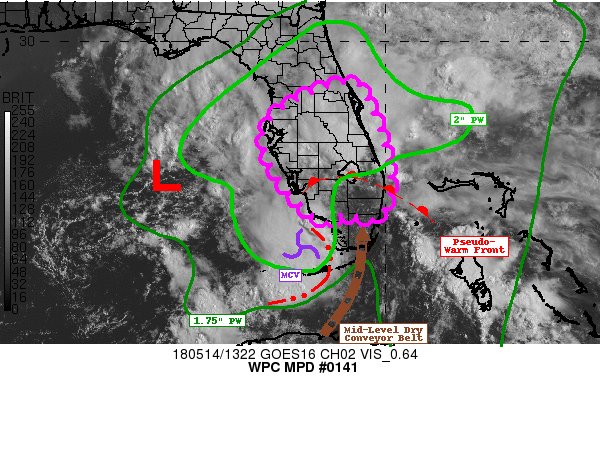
AREAS AFFECTED...CENTRAL AND SOUTH FLORIDA

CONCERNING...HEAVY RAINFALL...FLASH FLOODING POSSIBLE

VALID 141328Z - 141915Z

SUMMARY...HEAVY RAINFALL IS LIKELY ACROSS PORTIONS OF SOUTH AND
CENTRAL FLORIDA TODAY ESPECIALLY TO THE NORTH OF THE ALLIGATOR
ALLEY 1-75 CORRIDOR. HOURLY RAIN RATES COULD EXCEED 2 IN/HR IN THE
HEAVIEST RAIN BANDS...WITH LOCALIZED FLASH FLOODING POSSIBLE.

DISCUSSION...REGIONAL RADAR MOSAICS SHOWED NUMEROUS SHOWERS AND
THUNDERSTORMS ACROSS FLORIDA THIS MORNING...IN THE BROAD CYCLONIC
FLOW AROUND AN AREA OF WEAK LOW PRESSURE IN THE EASTERN GULF OF
MEXICO. IN THE FLORIDA PENINSULA AS OF 13Z...THE AREAL COVERAGE
AND INTENSITY OF RAIN WAS GENERALLY HIGHEST IN CENTRAL FLORIDA
BETWEEN TAMPA AND THE TREASURE COAST. TO THE SOUTH OF THAT...SKIES
WERE CLEARING PER GOES-16 VISIBLE SATELLITE IMAGERY...AND THAT MAY
BE PARTIALLY DUE TO A MID-LEVEL DRY AIR INTRUSION NOSING INTO
SOUTH FLORIDA PER GOES-16 AIR MASS RGB IMAGERY. THIS WAS NOTED IN
THE CIRA BLENDED PRECIPITABLE WATER PRODUCT...AS WELL AS IN THE
12Z MIAMI SOUNDING (1.75 INCH PW VS 1.96 AT TAMPA). AS INSOLATION
INCREASES THIS MORNING...THIS MAY SET UP A DIFFERENTIAL HEATING
BOUNDARY OR PSEUDO-WARM FRONT STRETCHING IN A WEST-EAST FASHION
ACROSS THE FLORIDA PENINSULA. THIS MAY HELP FOCUS LOW-LEVEL
CONVERGENCE IN A WAY OTHER THAN ALONG THE EAST COAST OF FLORIDA
(FRICTIONAL...GIVEN BROAD E-SE FLOW). THERE WAS ALREADY SOME
EVIDENCE OF THIS HAPPENING IN MESONET WIND FIELDS.
ADDITIONALLY...THERE IS A PROMINENT MCV JUST NORTH OF KEY WEST AND
IT WAS DRIFTING TO THE NORTHEAST. THIS MAY ALSO PROVIDE SOME MORE
FOCUSED AND ENHANCED VERTICAL MOTION TO THE EAST AND
NORTHEAST...ACROSS PORTIONS OF THE FLORIDA PENINSULA...DURING THE
LATE MORNING AND EARLY AFTERNOON.

GIVEN THE COMBINATION OF AN APPROACHING MCV...INCREASING
INSTABILITY WITH AT LEAST PARTIAL CLEARING...AND CONTINUED
CYCLONIC FLOW IN A VERY MOIST ENVIRONMENT...THE EXPECTATION IS
THAT CONVECTION WILL LIKELY BE MAINTAINED ACROSS PORTIONS OF
FLORIDA INTO THE EARLY AFTERNOON. THE BEST CHANCES OF HEAVY RAIN
RATES (NEAR OR ABOVE 2 IN/HR) WOULD LIKELY BE NEAR THE PSEUDO-WARM
FRONT AND JUST ON THE NOSE OF THE DRY AIR INTRUSION AT MID
LEVELS...MAXIMIZING BOTH PRECIPITATION EFFICIENCY IN THE HIGHER
PWAT AIR AND BACKBUILDING POTENTIAL INTO THE UNSTABLE AIR TO THE
SOUTH. THIS ZONE MAY DRIFT GRADUALLY NORTH FROM ITS CURRENT
POSITION...LIKELY PLACING THE GREATER FLASH FLOOD POTENTIAL FROM
LAKE OKEECHOBEE NORTH TO NEAR ORLANDO...AND OVER TO THE SPACE AND
TREASURE COASTS WHERE LOW-LEVEL CONVERGENCE WOULD NATURALLY BE
MAXIMIZED IN AN EASTERLY FLOW REGIME. HOWEVER...FLASH FLOODING
COULD NOT BE RULED OUT ANYWHERE IN SOUTH AND CENTRAL
FLORIDA...GIVEN SOME MESOSCALE UNCERTAINTIES WITH THE PRECISE
MOTION AND EVOLUTION OF THE MCV AND THE INFLUENCE OF ONGOING
CONVECTION. HOWEVER...FLASH FLOOD GUIDANCE REMAINS RELATIVELY HIGH
AND THIS SHOULD KEEP THE THREAT OF FLASH FLOODING ISOLATED OVER
THE NEXT SEVERAL HOURS.